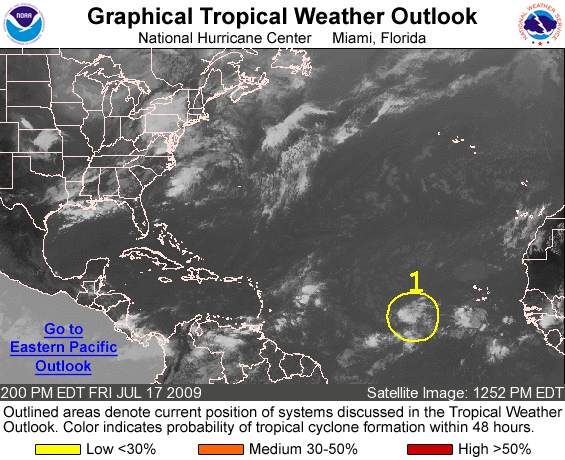
FOR THE NORTH ATLANTIC...CARIBBEAN SEA AND THE GULF OF MEXICO...

1. SHOWER ACTIVITY ASSOCIATED WITH A TROPICAL WAVE LOCATED ABOUT 800 MILES WEST-SOUTHWEST OF THE CAPE VERDE ISLANDS HAS BECOME A LITTLE BETTER ORGANIZED TODAY. HOWEVER...CONDITIONS ARE ONLY MARGINALLY FAVORABLE...AND ANY ADDITIONAL DEVELOPMENT WILL BE SLOW TO OCCUR AS THE WAVE MOVES WESTWARD AT 15 TO 20 MPH. THERE IS A LOW CHANCE... LESS THAN 30 PERCENT...OF THIS SYSTEM BECOMING A TROPICAL CYCLONE DURING THE NEXT 48 HOURS.

ELSEWHERE...TROPICAL CYCLONE FORMATION IS NOT EXPECTED DURING THE NEXT 48 HOURS.

FORECASTER BRENNAN